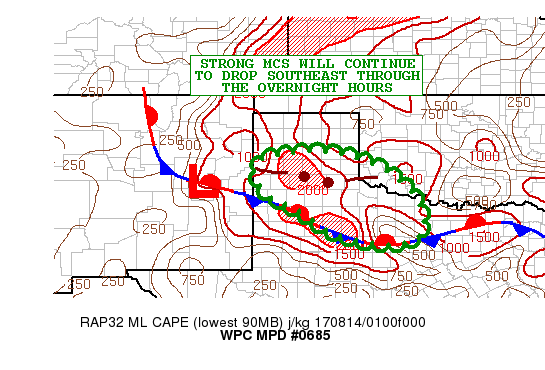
AREAS AFFECTED...NORTHWEST TX....FAR SOUTHWEST OK

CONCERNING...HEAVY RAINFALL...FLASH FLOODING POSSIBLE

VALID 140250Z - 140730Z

SUMMARY...HEAVY RAINFALL WILL CONTINUE TO ACCOMPANY A STRONG MCS
THROUGH THE OVERNIGHT HOURS. SOME RUNOFF CONCERNS AND/OR FLASH
FLOODING WILL BE POSSIBLE.

DISCUSSION...NON-OPERATIONAL GOES-16 10.3 MICRON/IR IMAGERY SHOWS
AN IMPRESSIVELY COLD-TOPPED MCS MOVING SOUTHEAST THROUGH THE TX
PANHANDLE AND PORTIONS OF FAR SOUTHWEST OK. THE CONVECTIVE MODE
HAS BEEN GENERALLY SEVERE THROUGH THE EVENING SO FAR AS IT FORWARD
PROPAGATES TO THE SOUTHEAST...HOWEVER THERE HAVE BEEN SOME
RAINFALL TOTALS OF 1.5 TO 2 INCHES/HR...AND SOME RADAR ESTIMATES
OF SLIGHTLY HIGHER STORM TOTALS THAT ARE OVER 3 INCHES.

THE ENVIRONMENT AHEAD OF THE MCS REMAINS FAVORABLE FOR THE MCS TO
CONTINUE PROPAGATE OFF TO THE SOUTHEAST AS IT WILL BE ENCOUNTERING
MLCAPE VALUES OF 1500 TO 2000 J/KG WITH PWATS OF 1.5 TO 1.75
INCHES. EFFECTIVE BULK SHEAR VALUES ARE ALSO ON THE ORDER OF 30 TO
40 KTS WHICH SHOULD FACILITATE A LARGE DEGREE OF CONVECTIVE
ORGANIZATION OVER AT LEAST THE NEXT FEW HOURS.

THE FORWARD MOTION WILL BE SUCH THAT THE FLASH FLOODING THREAT
WILL TEND TO BE MITIGATED...BUT RAINFALL RATES OF UP 2 INCHES/HR
WILL BE EXPECTED. THE RADAR TRENDS ARE SHOWING A FEW DISCREET
CELLS OVER PARTS OF WEST-CENTRAL AND NORTHWEST TX AHEAD OF THE
MAIN MCS...AND IT APPEARS LIKELY THAT THERE WILL BE A FEW CELL
MERGERS OVER THE NEXT COUPLE OF HOURS. THIS WOULD ENHANCE THE
RAINFALL RATES A BIT FURTHER...AND MAY ENHANCE THE THREAT FOR AT
LEAST SOME SHORT-TERM RUNOFF CONCERNS AND POSSIBLE FLASH FLOODING.
OVERALL...THE STORMS TOTALS SHOULD TEND TO BE GENERALLY 2 TO 4
INCHES FOR THE EVENT BASED ON RECENT HRRR GUIDANCE. THE SAME
GUIDANCE ALSO SUGGESTS SOME WEAKENING OF THE CONVECTIVE
ORGANIZATION AFTER 06Z...BUT THESE TRENDS WILL BE MONITORED.